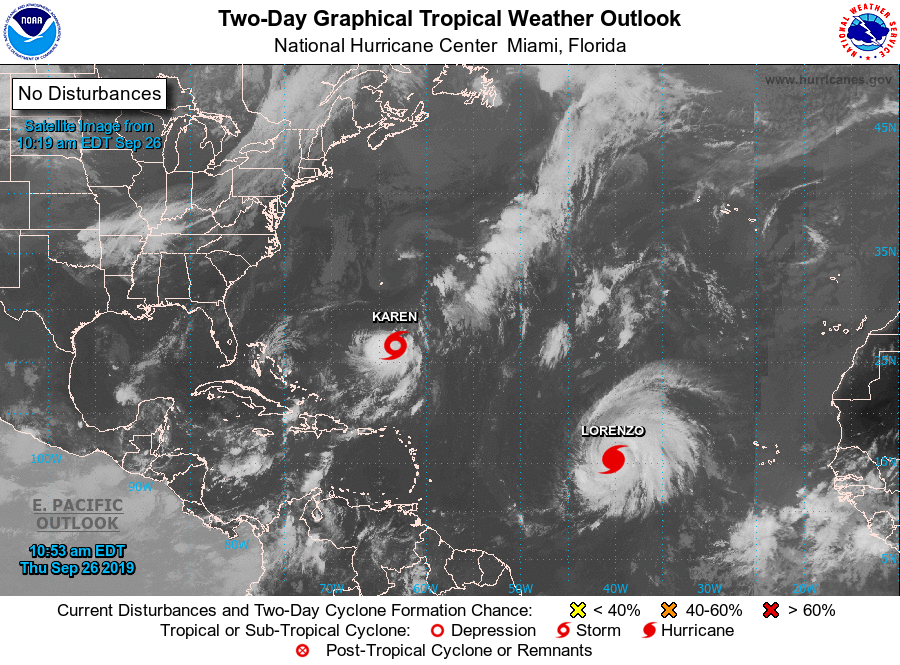
For the North Atlantic...Caribbean Sea and the Gulf of Mexico:

The National Hurricane Center is issuing advisories on Tropical Storm Karen, located several hundred miles south of Bermuda, and on Hurricane Lorenzo, located over the eastern tropical Atlantic.

Tropical cyclone formation is not expected during the next 5 days.

Forecaster Berg